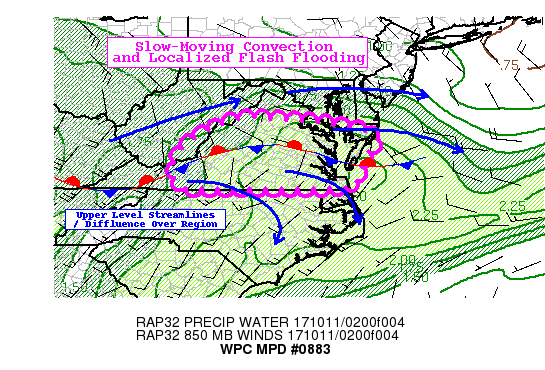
AREAS AFFECTED...VA...SRN MD AND EASTERN SHORE...FAR ERN WV

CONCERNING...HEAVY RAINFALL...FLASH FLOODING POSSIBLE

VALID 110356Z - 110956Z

SUMMARY...SLOW-MOVING CONVECTION SHOULD CONTINUE TO BUILD THROUGH
THE EARLY MORNING HOURS AND WILL POSE A RISK FOR LOCALLY VERY
HEAVY RAINFALL RATES UP TO 3 IN/HR AND FLASH FLOODING.

DISCUSSION...REGIONAL RADARS ARE INDICATING SHALLOW CONVECTION
GRADUALLY BUILDING IN AN ARC NEAR A QUASI-STATIONARY FRONT IN
VIRGINIA. CROSS SECTIONS THROUGH INDIVIDUAL CELLS AND
CELL-CLUSTERS (WITH LOW-ECHO CENTROID APPEARANCE) AND A LACK OF
COLD CLOUD TOPS IN IR SATELLITE IS SUGGESTIVE OF FAIRLY DOMINANT
WARM RAIN PROCESSES. THIS COULD INCREASE PRECIPITATION
EFFICIENCY...AND IS CONSISTENT WITH AN ENVIRONMENT CHARACTERIZED
BY NARROW INSTABILITY PROFILES AND HIGH PRECIPITABLE WATER VALUES.
IN FACT...PWATS ARE ANOMALOUSLY HIGH (AROUND THE 99TH PERCENTILE)
AND WERE SAMPLED TO BE AROUND 2.4 TO 2.5 INCHES BY GPS SENSORS
NEAR THE VIRGINIA TIDEWATER REGION.

THE GRADUAL UPTICK IN COVERAGE OF CONVECTION OVER THE PAST HOUR OR
SO IS SUGGESTIVE OF AN INCREASE IN FORCING...AND SIGNALS IN THE
RAP MODEL INDICATE THAT WILL LIKELY CONTINUE OVER THE NEXT FEW
HOURS. LOW-LEVEL SOUTHWESTERLY FLOW FROM THE PIEDMONT OF NORTH
CAROLINA INTO FAR SOUTHERN VIRGINIA IS PROJECTED TO INCREASE
THROUGH 09Z...WITH THE NOSE OF 850MB MOISTURE TRANSPORT EVENTUALLY
LINING UP NEAR THE ANALYZED SURFACE FRONT IN THE I-64 CORRIDOR OF
CENTRAL VIRGINIA. FURTHER ALOFT...DIFFLUENT FLOW WAS NOTED AROUND
THE NORTHERN PERIPHERY OF THE SUBTROPICAL RIDGE...AND SHOULD
CONTINUE TO MAKE THE LARGE SCALE ENVIRONMENT FAVORABLE FOR ASCENT.

DESPITE THE VERY DRY CONDITIONS ACROSS THE REGION OVER THE PAST
SEVERAL WEEKS...THE COMBINATION OF SLOW STORM MOTIONS AND
POTENTIAL FOR VERY HIGH RAIN RATES SUPPORT A LOCALIZED FLASH
FLOODING THREAT. STORM PROPAGATION VECTORS ARE FORECAST TO WEAKEN
OVER THE NEXT SEVERAL HOURS...AND OBSERVED CELL MOTIONS HAVE
ALREADY BEEN QUITE SLOW (THE SHALLOW NATURE OF THE CONVECTION IS
LIKELY CONTRIBUTING AS WELL). IF SLOWLY DRIFTING STORMS CAN ALIGN
OVER A GIVEN LOCATION FOR AN HOUR OR TWO...RAIN RATES COULD BE
QUITE SUBSTANTIAL AND PERHAPS APPROACH 3 IN/HR. KAKQ RADAR DUAL
POL ESTIMATES HAVE ALREADY SHOWN THIS ONCE WITH A CELL STALLED
OVER NW HANOVER COUNTY VIRGINIA...AND A CWOP OBSERVING SITE ALONG
THE PERIPHERY OF THE CELL IS...IF ANYTHING...SLIGHTLY LOWER THAN
THE RADAR RAINFALL ESTIMATES. RAIN RATES SUCH AS THESE...ALIGNING
WITH SMALLER/FLASHIER BASINS OR URBAN AREAS...MAY LEAD TO FLOODING
REGARDLESS OF THE RECENT DRY CONDITIONS.